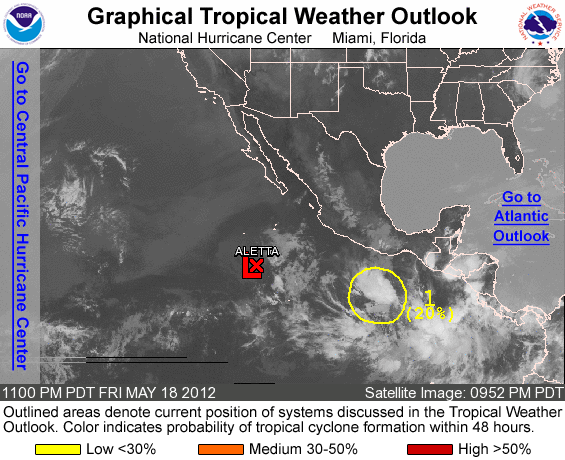
FOR THE EASTERN NORTH PACIFIC...EAST OF 140 DEGREES WEST LONGITUDE..

THE NATIONAL HURRICANE CENTER IS ISSUING ADVISORIES ON TROPICAL DEPRESSION ALETTA...LOCATED ABOUT 620 MILES SOUTH-SOUTHWEST OF THE SOUTHERN TIP OF BAJA CALIFORNIA.

1. SHOWER AND THUNDERSTORMS ASSOCIATED WITH A NEARLY STATIONARY AREA OF LOW PRESSURE LOCATED SEVERAL HUNDRED MILES SOUTH OF ACAPULCO MEXICO REMAIN DISORGANIZED. LITTLE MOTION IS ANTICIPATED...AND THIS SYSTEM HAS A LOW CHANCE...20 PERCENT...OF BECOMING A TROPICAL CYCLONE DURING THE NEXT 48 HOURS.

ELSEWHERE...TROPICAL CYCLONE FORMATION IS NOT EXPECTED DURING THE NEXT 48 HOURS.

FORECASTER AVILA